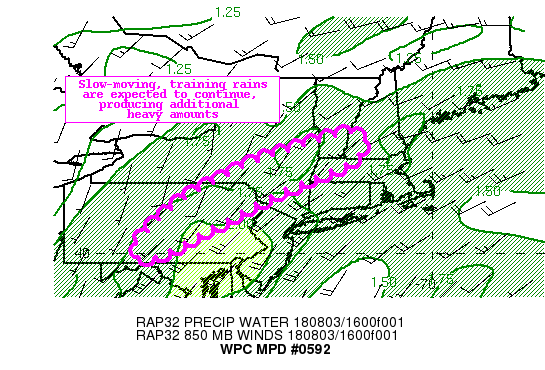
Areas affected...Central to Eastern PA...Upstate NY...Western
MA...Southern VT and NH

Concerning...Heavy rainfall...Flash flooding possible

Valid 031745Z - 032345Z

Summary...Slow-moving, training precipitation is expected to
continue to spread to the northeast, producing additional heavy
amounts.

Discussion...Morning soundings at PIT and ALY showed deep
saturation through the low to mid levels, with tall skinny CAPEs -
supporting efficient rainfall processes.  Observations from
central PA have shown the potential for some of these ongoing
storms to quickly produce heavy amounts.  Deep southerly inflow
ahead of a slow-moving trough will continue to support an
anomalous moisture plume.  This moisture along with strengthening
dynamics afforded by mid-level energy and favorable upper jet
forcing, in addition to increasing instability, is expected to
support an expanding axis of training precipitation.  This may
produce additional moderate to heavy amounts within the
highlighted region.  Neighborhood probabilities from the 12 UTC
HREF Mean show a significant signal for additional amounts of
2-inches or more through 00 UTC Sat within this region.  These
amounts may cause hydrologic concerns, especially across portions
of central to northeastern PA and the Catskill region in Upstate
NY, where flash flood guidance values are quite low from recent
heavy rains.